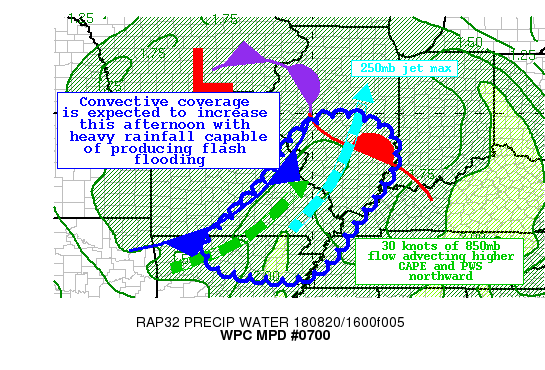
Areas affected...Northeast AR...Southeast MO...Southern IL

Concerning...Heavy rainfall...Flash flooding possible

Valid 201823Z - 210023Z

Summary...Heavy showers and thunderstorms will continue to develop
and increase in coverage.  Some of these storms may train over the
same area and lead to some instances of flash flooding for this
afternoon.

Discussion...Radar and satellite imagery has been showing an
increase in shower and thunderstorm activity over southeast
Missouri in the warm sector of an anomalous mid-latitude cyclone.
The convection is developing in response to increasing
destabilization in the boundary layer and diffluent flow aloft
ahead of the 500mb closed low and accompanying slow moving cold
front.  MLCAPE is forecast to increase into the 1500 to 2500 J/kg
range for southeast Missouri and especially into northeast
Arkansas.  Model forecast soundings are suggesting deep layer
unidirectional flow from the southwest and this will support
back-building convection and therefore periods of very heavy rain
with rates near 2 inches per hour at times.

The latest suite of high res model guidance continues to depict
patchy areas of greater than 2 inches of rain through 7 pm local
time.  Although flash flood guidance values are not particularly
low, the high rainfall rates may be enough to overcome this and
possibly lead to instances of flash flooding.